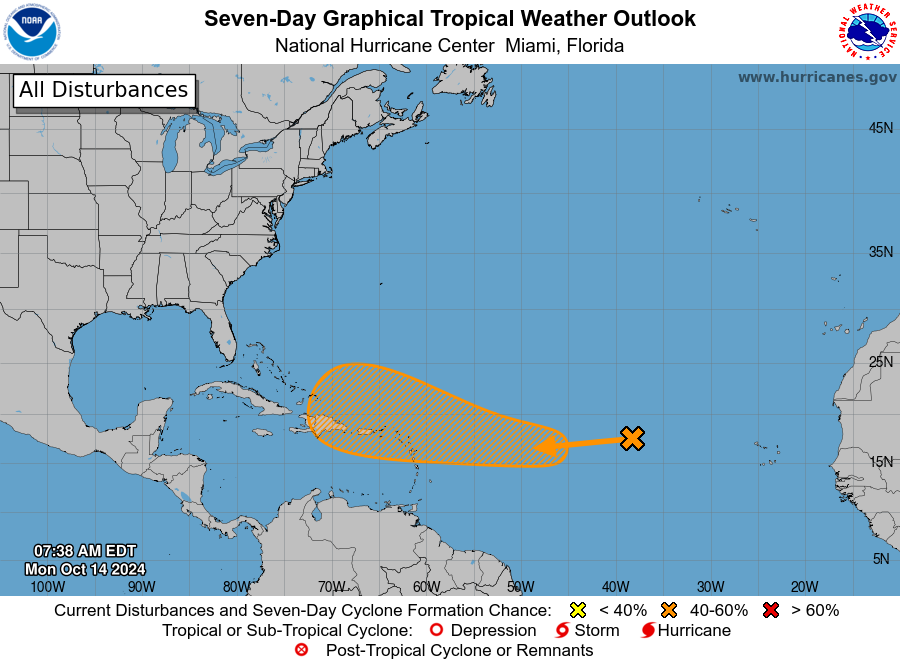
For the North Atlantic...Caribbean Sea and the Gulf of Mexico:

1. Central Tropical Atlantic (AL94): A well-defined area of low pressure located several hundred miles west of the Cabo Verde Islands is producing some disorganized showers and thunderstorms. This system is currently embedded in a dry environment, and development is unlikely over the next couple of days. However, this system is forecast to move generally westward toward warmer waters, and environmental conditions could become more favorable for gradual development by the middle to latter part of this week. A tropical depression could form as the system begins moving west-northwestward and approaches or moves near the Leeward Islands late this week.
* Formation chance through 48 hours...low...10 percent.
* Formation chance through 7 days...medium...50 percent.

Forecaster Hagen